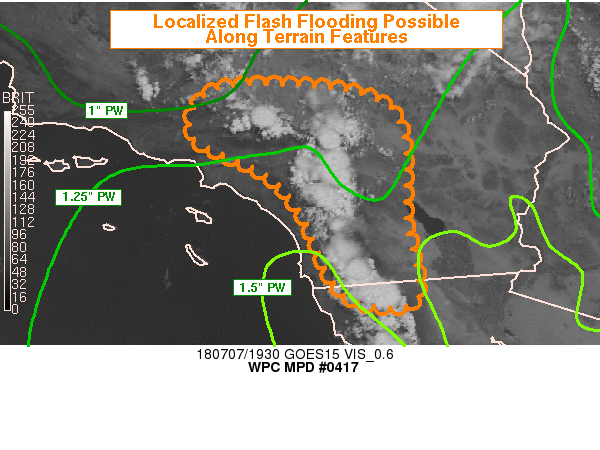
AREAS AFFECTED...MOUNTAINS OF SOUTHERN CALIFORNIA

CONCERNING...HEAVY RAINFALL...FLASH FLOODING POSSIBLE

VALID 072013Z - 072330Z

SUMMARY...SCATTERED THUNDERSTORMS HAVE DEVELOPED OVER THE MOUNTAIN
RANGES IN SOUTHERN CALIFORNIA AND ARE NEARLY STATIONARY. THESE
STORMS MAY DISSIPATE IN A FEW HOURS...BUT UNTIL THEY DO THEY MAY
PRODUCE LOCALLY HEAVY RAINFALL UP TO 1-2 IN/HR AND LOCALIZED FLASH
FLOODING.

DISCUSSION...KEYX AND KYUX RADARS SHOWED NEARLY STATIONARY
CONVECTION ALONG PORTIONS OF THE SAN GABRIEL...SAN
BERNARDINO...AND SAN JACINTO RANGES IN SOUTHERN CALIFORNIA...JUST
INLAND FROM THE COAST. THE 850-300MB MEAN FLOW WAS RELATIVELY WEAK
OVERALL (AROUND 10 KNOTS) AND WAS GENERALLY ORIENTED ALONG THE
TERRAIN FEATURES. THUS ANY STORM MOTION WAS TENDING TO REMAIN OVER
THE AREAS OF HIGHER TERRAIN. RADAR DUAL POL ESTIMATES FROM KEYX
AND KYUX HAVE SHOWN LOCALIZED RATES UP TO 1-2 IN/HR...AND THIS
WOULD BE SUFFICIENT TO CAUSE LOCALIZED FLASH FLOODING. RAP
ANALYSIS SHOWS LIMITED INSTABILITY (ONLY AROUND 500-1000
J/KG)...WHICH SUGGESTS THAT THE STORMS MAY NOT BE ABLE TO LAST
MORE THAN A FEW HOURS ONCE THEY HAVE EXHAUSTED THE SUPPLY OF
AVAILABLE INSTABILITY. HOWEVER...GPS-PW OBSERVATIONS AND RAP
ANALYSIS ALSO SHOW PRECIPITABLE WATER VALUES GENERALLY 1.2 TO 1.6
INCHES...WHICH ARE GENERALLY ABOVE THE 90TH PERCENTILE BASED ON
THE CSFR CLIMATOLOGY FOR JULY. THUS...SUFFICIENT MOISTURE EXISTS
FOR LOCALLY HEAVY RAINFALL AND A FEW HOURS OF FLASH FLOOD THREAT
BEFORE STORMS DISSIPATE.